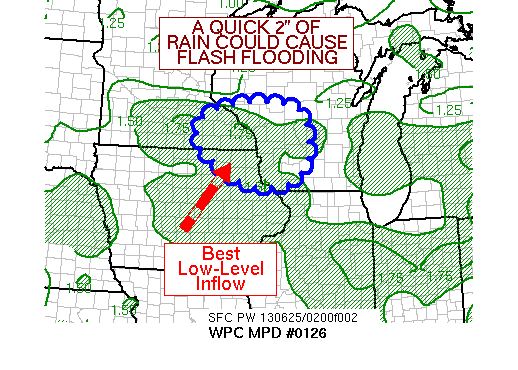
AREAS AFFECTED...NORTHEAST IA...SOUTHEAST MN...SOUTHERN WI

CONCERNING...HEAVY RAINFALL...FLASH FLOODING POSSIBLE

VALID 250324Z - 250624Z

SUMMARY...A CLUSTER OF THUNDERSTORMS EXHIBITING SOME BACKBUILDING
CHARACTERISTICS IS MOVING INTO AN AREA SATURATED BY RECENT RAINS.
A QUICK TWO INCHES OF RAIN COULD CAUSE FLASH FLOODING.

DISCUSSION...AN AREA OF THUNDERSTORMS IS SLOWLY INTENSIFYING AND
SLOWLY GROWING IN AREAL EXTENT ACROSS NORTHEAST IA AND SOUTHEAST
MN AT THE PRESENT TIME, WELL TO THE NORTH OF A WARM FRONT
EXTENDING ALONG THE 40TH PARALLEL.  SIGNIFICANT CIN NEAR THE
SURFACE BOUNDARY HAS LED TO THE CONVECTION'S ELEVATED CHARACTER.
THE THUNDERSTORMS ARE MOVING ALONG WITH THE MEAN 850 HPA-250 HPA
WIND FLOW SLIGHTLY NORTH OF DUE EAST AND ARE SHOWING OCCASIONAL
BACKBUILDING CHARACTERISTICS, WHICH IS SUPPORTED BY THE 18Z GFS
CORFIDI VECTORS OVER THE NEXT SEVERAL HOURS.  A 35 KNOT INFLOW JET
AT THE 850 HPA LEVEL AND SATELLITE-DERIVED CAPE VALUES OF
3000-5000 J/KG UPSTREAM SHOULD LEAD TO INCREASED ORGANIZATION WITH
TIME.  PRECIPITABLE WATER VALUES OF 1.75 INCHES ARE AVAILABLE TO
THIS GROWING THUNDERSTORM CLUSTER.  AS FLASH FLOOD GUIDANCE
REMAINS LOW ACROSS THE REGION -- NEAR 1.5 INCHES IN THREE HOURS --
THINK A QUICK TWO INCHES OF RAIN COULD CAUSE FLASH FLOODING OVER
THE NEXT FEW HOURS.  WILL CONTINUE TO MONITOR THIS AREA, AS WELL
AS THE THUNDERSTORM AREA IN KS, WHICH COULD PLAY SOMEWHAT OF A
SPOILER ROLE IN ATTEMPTING TO ROB SOME OF THE LOW-LEVEL INFLOW
WHICH WOULD OTHERWISE BE AVAILABLE WITHIN THIS REGION AND LIMIT
THIS THUNDERSTORM CLUSTER'S AREAL EXTENT.